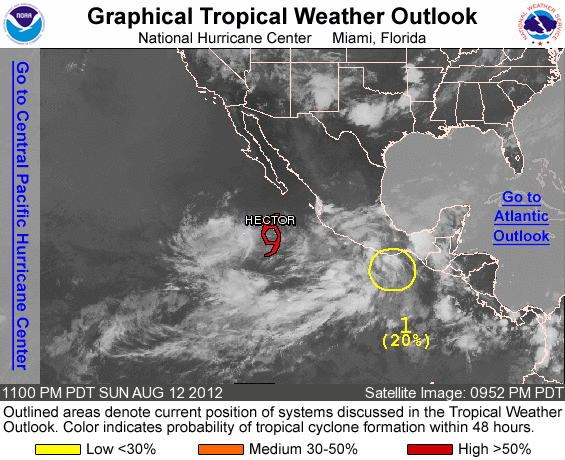
FOR THE EASTERN NORTH PACIFIC...EAST OF 140 DEGREES WEST LONGITUDE..

THE NATIONAL HURRICANE CENTER IS ISSUING ADVISORIES ON TROPICAL STORM HECTOR...LOCATED ABOUT 335 MILES SOUTH OF THE SOUTHERN TIP OF BAJA CALIFORNIA.

1. A WEAK AREA OF LOW PRESSURE LOCATED JUST TO THE SOUTHWEST OF THE GULF OF TEHUANTEPEC CONTINUES TO PRODUCE SHOWERS AND THUNDERSTORMS. SOME DEVELOPMENT OF THIS SYSTEM IS POSSIBLE DURING THE NEXT COUPLE OF DAYS AS IT MOVES WEST-NORTHWESTWARD AT AROUND 10 MPH. THIS SYSTEM HAS A LOW CHANCE...20 PERCENT...OF BECOMING A TROPICAL CYCLONE DURING THE NEXT 48 HOURS.

ELSEWHERE...TROPICAL CYCLONE FORMATION IS NOT EXPECTED DURING THE NEXT 48 HOURS.

FORECASTER PASCH